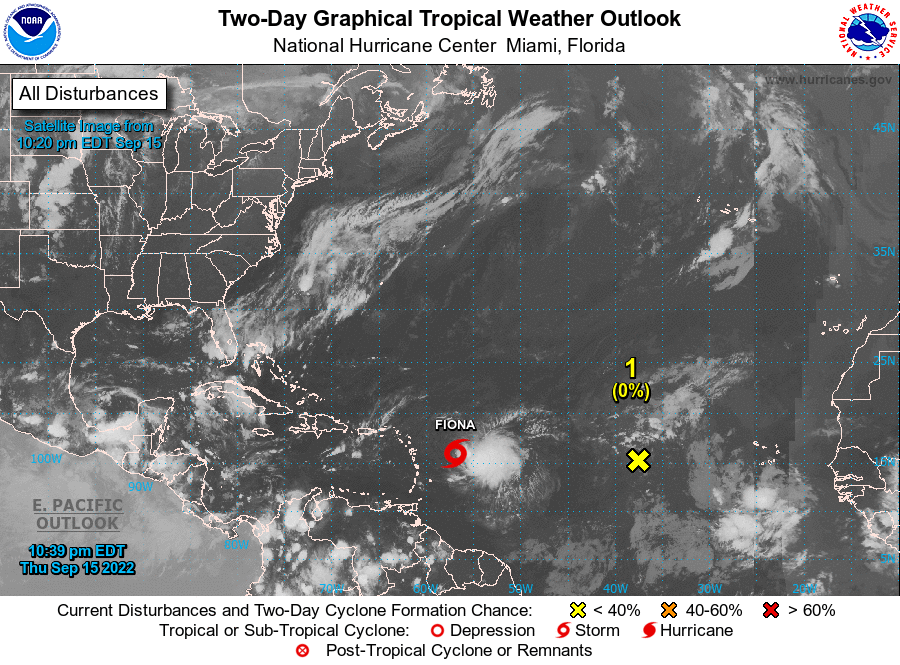
For the North Atlantic...Caribbean Sea and the Gulf of Mexico:

Active Systems: The National Hurricane Center is issuing advisories on Tropical Storm Fiona, located a few hundred miles east of the Leeward Islands.

1. Central Atlantic: A tropical wave located roughly midway between the west coast of Africa and the Lesser Antilles is producing disorganized shower activity. Some slow development of this system is possible late this weekend and early next week when it turns northward over the central Atlantic.
* Formation chance through 48 hours...low...near 0 percent.
* Formation chance through 5 days...low...20 percent.

Forecaster Cangialosi